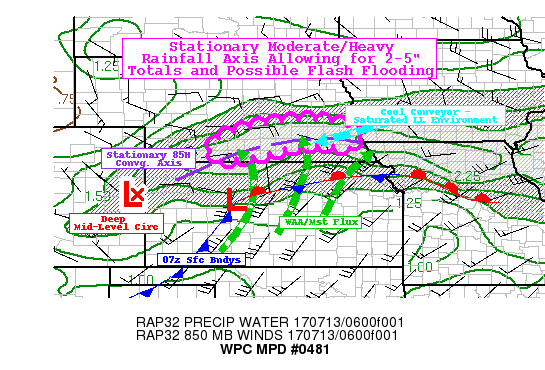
AREAS AFFECTED...SOUTHERN AND SOUTHEASTERN NEBRASKA

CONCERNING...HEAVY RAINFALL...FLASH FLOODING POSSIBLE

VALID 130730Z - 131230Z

SUMMARY...PERSISTENT ISENTROPIC ASCENT WITHIN STATIONARY
DEFORMATION BAND ALONG COOL CONVEYOR WILL CONTINUE TO POSE FOCUS
FOR THUNDERSTORMS CAPABLE OF FLASH FLOODING.

DISCUSSION...STRONG MID-LEVEL CONCENTRIC WAVE CURRENTLY SEEN WELL
IN RADAR MOSAIC OVER FAR E CENTRAL CO. EAST OF THE BAND A BROAD
LLJ/WARM CONVEYOR BELT EXIST ACROSS CENTRAL KS OVERRUNNING A
SURFACE BOUNDARY THAT EXTENDS FROM GCK TO HYS/RSL TO JUST SOUTH OF
STJ.  NORTH OF THE BOUNDARY COOL CONVEYOR BELT HELPS TO LOCK
FRONTAL POSITION INCLUDING TO MID-LEVEL SHEAR/DEFORMATION AXIS
ACROSS S NEB AT OR ALONG I-80.  RAP ANALYSIS DENOTES GRADIENT OF
INSTABILITY TO BE TAPPED WITH VALUES AOA 1000 J/KG SUFFICIENT FOR
MAINTAINING UPDRAFTS.  GREATEST ASSET FOR FLOODING CONCERNS
REMAINS STRONG MST CONVERGENCE ALONG THE AXIS SUFFICIENT TO REACH
LFC FOR ELEVATED CONVECTION.  TO FURTHER COMPOUND FLOODING
CONCERNS...MEAN CLOUD BEARING FLOW IS GENERALLY WESTERLY WHICH
SHOULD SUPPORT TRAINING OF SHOWERS ALONG THE SHEAR AXIS.   A
FAIRLY SOLID COOL CONVEYOR BELT DENOTED BY SFC TO 925MB NE/ELY
WINDS ARE NEARLY 100% RH ALLOWING FOR NEARLY ZERO EVAPORATIVE LOSS
AND TPWS OVER 2"...SUPPORTING RAIN RATES OF 1.5-2"/HR OVER THE
NEXT HOUR OR SO.

ALREADY...OU CIMMS FLASH CREST SUGGESTS MAX UNIT STREAMFLOW ACROSS
YORK/SEWARD COUNTY TO BE OVER FF RATES (6CM/S) AND MAX FFG RATIOS
OVER 1 NEARING 1.5.

LONGER TERM...THE DEEP MID-LEVEL WAVE IS EXPECTED TO SLOWLY DRIFT
NORTHEAST ALONG THE TROF AXIS NOT PERTURBING THE AXIS OF
CONVERGENCE ALLOWING FOR CONTINUED HIGHLY EFFICIENT RAINFALL
PRODUCTION ACROSS THE ENTIRE AXIS FOR THE NEXT 2-4 HOURS.
DIMINISHING INSTABILITY/STABILIZING PROFILES WILL REDUCE
CONVECTIVE VIGOR AND DEPTH FOR RAINFALL PRODUCTION EFFECTIVELY
LIMITING RAIN RATES BUT EVEN AT OR BELOW 1"/HR...AFTER 2-4" TOTALS
OVER A 3-4 HOUR TIME PERIOD...THERE IS A GOOD POSSIBILITY OF
FLOODING EVEN IF THE RATES DO NOT INDUCE FLASH FLOODING.